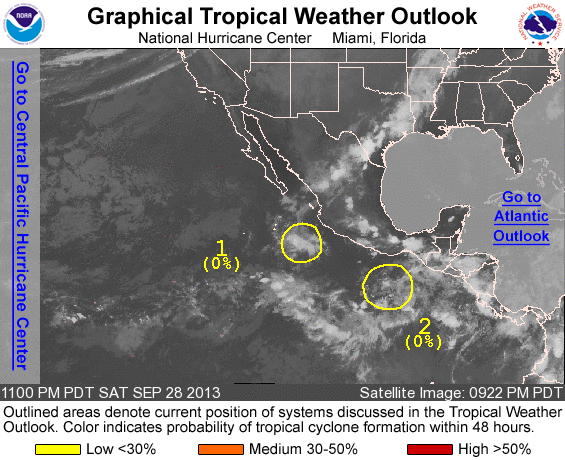
FOR THE EASTERN NORTH PACIFIC...EAST OF 140 DEGREES WEST LONGITUDE..

1. SHOWER ACTIVITY HAS DIMINISHED IN ASSOCIATION WITH A WEAK LOW PRESSURE SYSTEM LOCATED OFF OF THE WEST-CENTRAL COAST OF MEXICO. UPPER-LEVEL WINDS ARE NOT CONDUCIVE FOR DEVELOPMENT...AND THIS SYSTEM HAS A LOW CHANCE...NEAR 0 PERCENT...OF BECOMING A TROPICAL CYCLONE DURING THE NEXT 48 HOURS AND A LOW CHANCE...NEAR 0 PERCENT...OF BECOMING A TROPICAL CYCLONE DURING THE NEXT 5 DAYS WHILE IT MOVES GENERALLY WESTWARD AT 5 TO 10 MPH.

2. A BROAD AREA OF LOW PRESSURE LOCATED A COUPLE OF HUNDRED MILES SOUTHWEST OF THE GULF OF TEHUANTEPEC IS PRODUCING LIMITED SHOWER ACTIVITY. HOWEVER...SOME SLOW DEVELOPMENT OF THIS DISTURBANCE IS POSSIBLE OVER THE NEXT SEVERAL DAYS AS IT MOVES WESTWARD AT AROUND 10 MPH. THIS SYSTEM HAS A LOW CHANCE...NEAR 0 PERCENT...OF BECOMING A TROPICAL CYCLONE DURING THE NEXT 48 HOURS AND A LOW CHANCE...20 PERCENT...OF BECOMING A TROPICAL CYCLONE DURING THE NEXT 5 DAYS.

FIVE-DAY FORMATION PROBABILITIES ARE EXPERIMENTAL IN 2013. COMMENTS ON THE EXPERIMENTAL FORECASTS CAN BE PROVIDED AT...

HTTP://WWW.NWS.NOAA.GOV/SURVEY/NWS-SURVEY.PHP?CODE=ETWO

FORECASTER STEWART